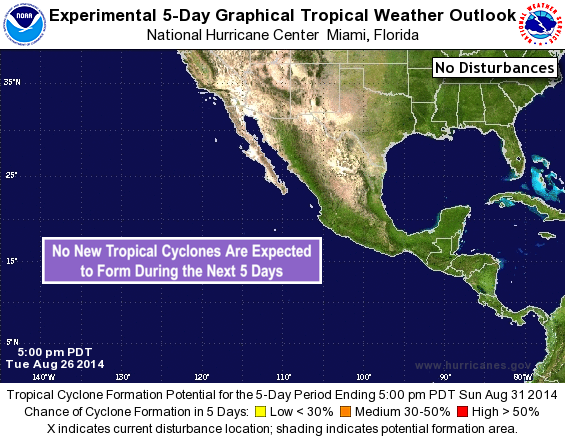
For the eastern North Pacific...east of 140 degrees west longitude:

The National Hurricane Center is issuing advisories on Hurricane Marie, located several hundred miles west-southwest of the southern tip of the Baja California peninsula, and on Tropical Depression Karina, located over a thousand miles west-southwest of the southern tip of the Baja California peninsula.

Tropical cyclone formation is not expected during the next 5 days.

Forecaster Berg